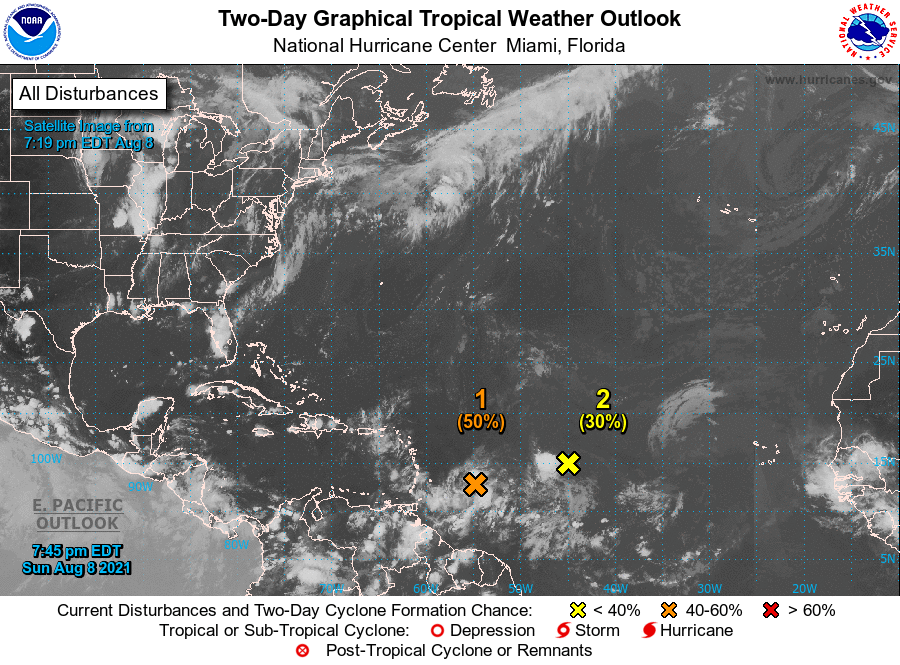
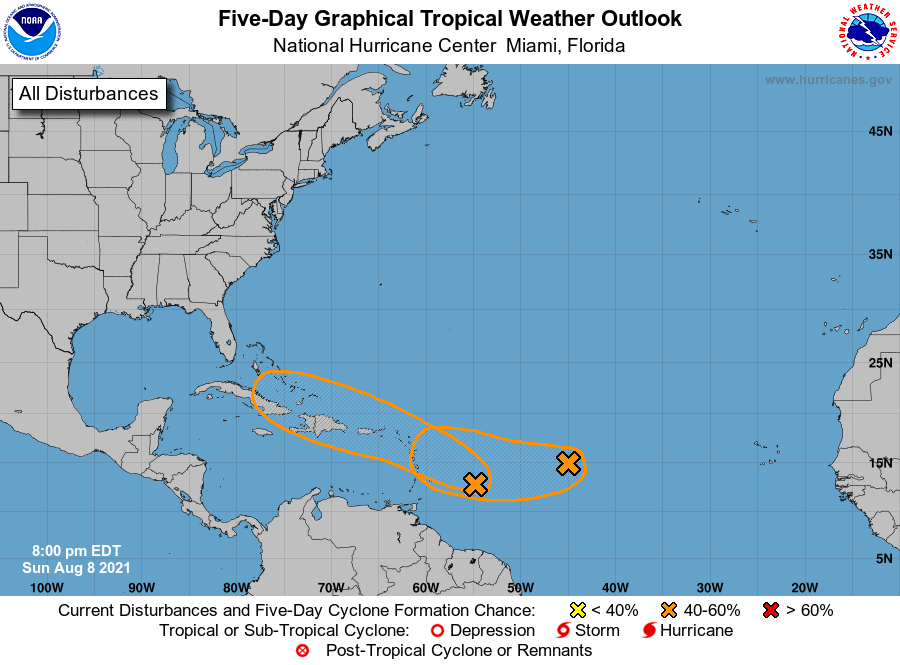
For the North Atlantic...Caribbean Sea and the Gulf of Mexico:

1. A low pressure system located about 400 miles east-southeast of the Leeward Islands is producing disorganized showers and thunderstorms. However, environmental conditions are expected to be conducive for gradual development over the next few days, and a tropical depression could form while the low moves west-northwestward at about 15 mph. The disturbance is forecast to reach portions of the Lesser Antilles by late Monday, and then move near the Virgin Islands and Puerto Rico on Tuesday, and be near Hispaniola around the middle of this week. Tropical storm watches or warnings could be required with shorter-than-normal lead times for the Leeward Islands, Virgin Islands, and Puerto Rico. In addition, heavy rains and flooding are likely for the Leeward Islands, Virgin Islands, Puerto Rico. Interests in those areas should monitor the progress of this system.
* Formation chance through 48 hours...medium...50 percent.
* Formation chance through 5 days...medium...60 percent.

2. Disorganized showers and thunderstorms have changed little in association with an elongated low pressure system located over the tropical Atlantic about midway between the Cabo Verde Islands and the Lesser Antilles. Although environmental conditions appear to be only marginally conducive for development, this system could still become a tropical depression later this week while it moves toward the west or west-southwest at around 10 mph.
* Formation chance through 48 hours...low...30 percent.
* Formation chance through 5 days...medium...40 percent.

Forecaster Stewart